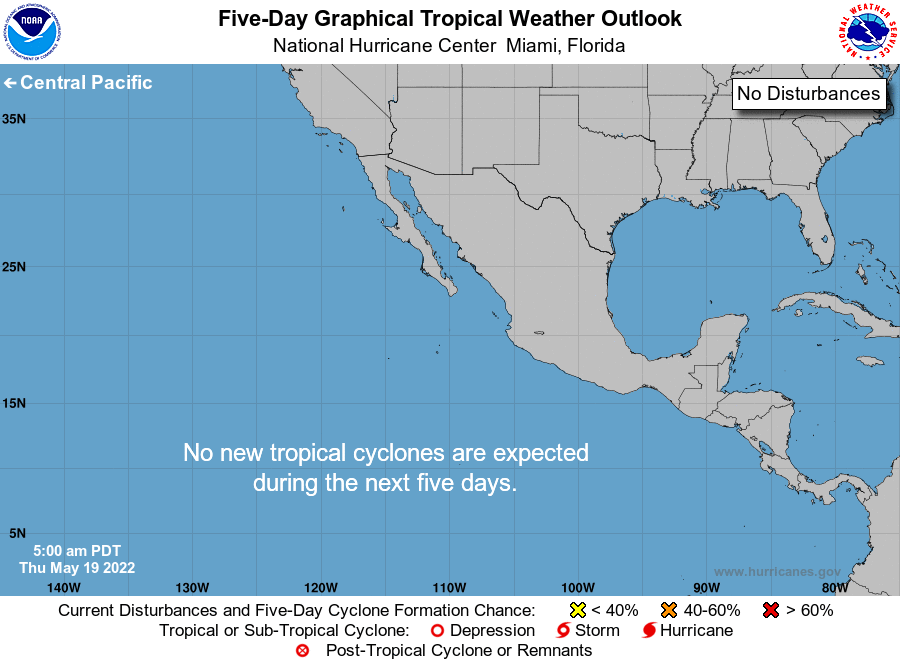
For the eastern North Pacific...east of 140 degrees west longitude:

Tropical cyclone formation is not expected during the next 5 days.

Forecaster Papin